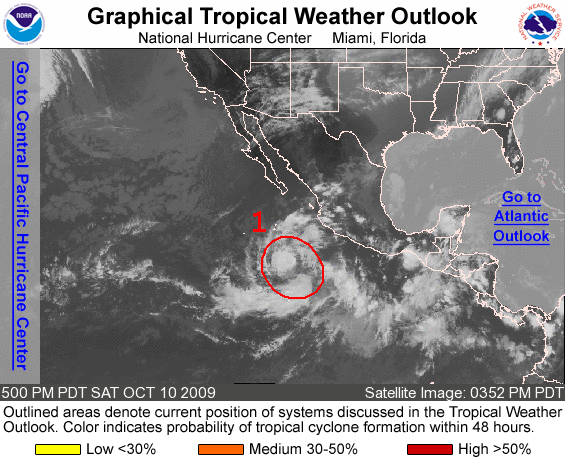
FOR THE EASTERN NORTH PACIFIC...EAST OF 140 DEGREES WEST LONGITUDE..

1. AN AREA OF LOW PRESSURE LOCATED ABOUT 370 MILES SOUTHWEST OF MANZANILLO MEXICO CONTINUES TO BECOME BETTER ORGANIZED AND A TROPICAL DEPRESSION COULD FORM TONIGHT OR SUNDAY. THERE IS A HIGH CHANCE...GREATER THAN 50 PERCENT...OF THIS SYSTEM BECOMING A TROPICAL CYCLONE DURING THE NEXT 48 HOURS AS IT MOVES TO THE WEST AT 5 TO 10 MPH.

ELSEWHERE...TROPICAL CYCLONE FORMATION IS NOT EXPECTED DURING THE NEXT 48 HOURS.

FORECASTER CANGIALOSI/BEVEN